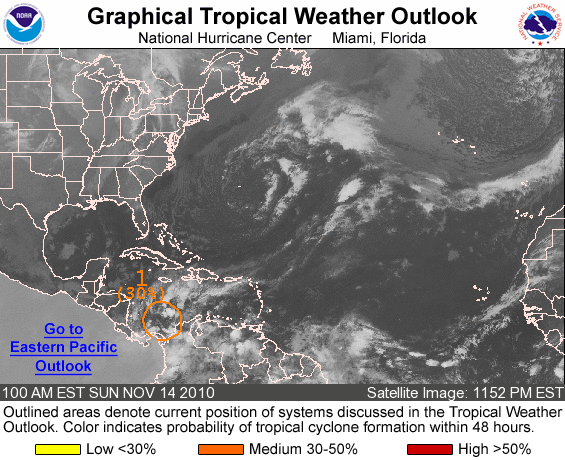
FOR THE NORTH ATLANTIC...CARIBBEAN SEA AND THE GULF OF MEXICO...

1. THE BROAD AREA OF LOW PRESSURE OVER THE EXTREME SOUTHERN CARIBBEAN SEA IS CURRENTLY PRODUCING LIMITED AND DISORGANIZED SHOWER ACTIVITY. HOWEVER...SOME SLOW DEVELOPMENT OF THIS SYSTEM IS STILL POSSIBLE OVER THE NEXT COUPLE OF DAYS AS IT DRIFTS WEST- NORTHWESTWARD. THERE IS A MEDIUM CHANCE...30 PERCENT ...OF THIS SYSTEM BECOMING A TROPICAL CYCLONE DURING THE NEXT 48 HOURS.

ELSEWHERE...TROPICAL CYCLONE FORMATION IS NOT EXPECTED DURING THE NEXT 48 HOURS.

FORECASTER FRANKLIN